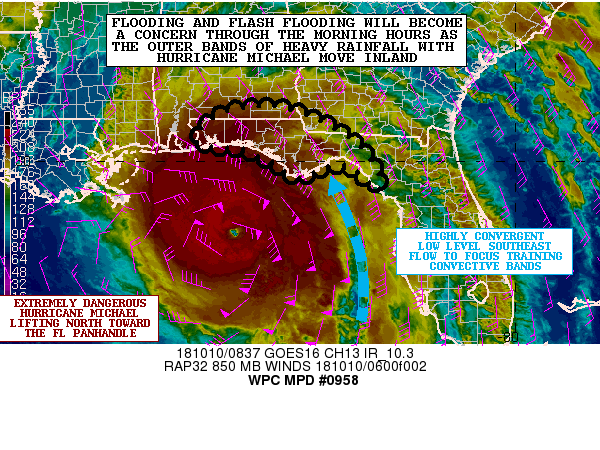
Areas affected...FL Panhandle...FL Big Bend...Far Southern
AL...Far Southwest GA

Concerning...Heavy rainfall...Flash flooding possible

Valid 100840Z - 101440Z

Summary...Outer rainbands of Hurricane Michael are arriving across
the FL panhandle and will become more intense over the next
several hours. Very heavy rainfall will be associated with this,
and some flooding or flash flooding will be possible through the
mid to late morning hours.

Discussion...Extremely dangerous Hurricane Michael continues to
advance northward early this morning toward the FL panhandle.
Outer rainbands with Michael are already beginning to move
onshore, and the latest GOES-16 30-second satellite imagery shows
several well-organized bands of convection lifting north and
northwest around the eastern flank of the storm within strongly
convergent low-level flow.

The convection is taking advantage of more than enough instability
that is pooled out across the eastern Gulf of Mexico with MUCAPE
values of 2000 to 3000 j/kg. The environment will be conducive
moving forward for some very strong convective bands to set up,
move inland, and train over the same area as large-scale forcing
and shear parameters increase over the northeast Gulf of Mexico
and inland over the FL panhandle. Expect there to be some added
low-level frictional convergence as the low-level wind field
around the northeast flank of Michael increasingly interacts with
land, and this will attempt to enhance the convection near and
just inland of the coast through the morning hours.

Expect rainfall amounts of as much as 2 to 2.5 inches/hr within
the stronger convective bands, and especially after 12Z. Rainfall
totals going through 15Z are expected in general to be as high as
3 to 5 inches. This will set the stage for flooding and flash
flooding concerns out ahead of the arrival of Michael's central
convection. Much heavier rains are expected just beyond this valid
period from late-morning through mid-afternoon as very strong
central convection arrives over the FL panhandle and moves well
inland over southeast AL and southwest GA in association with a
landfalling Hurricane Michael. Will continue to closely monitor.